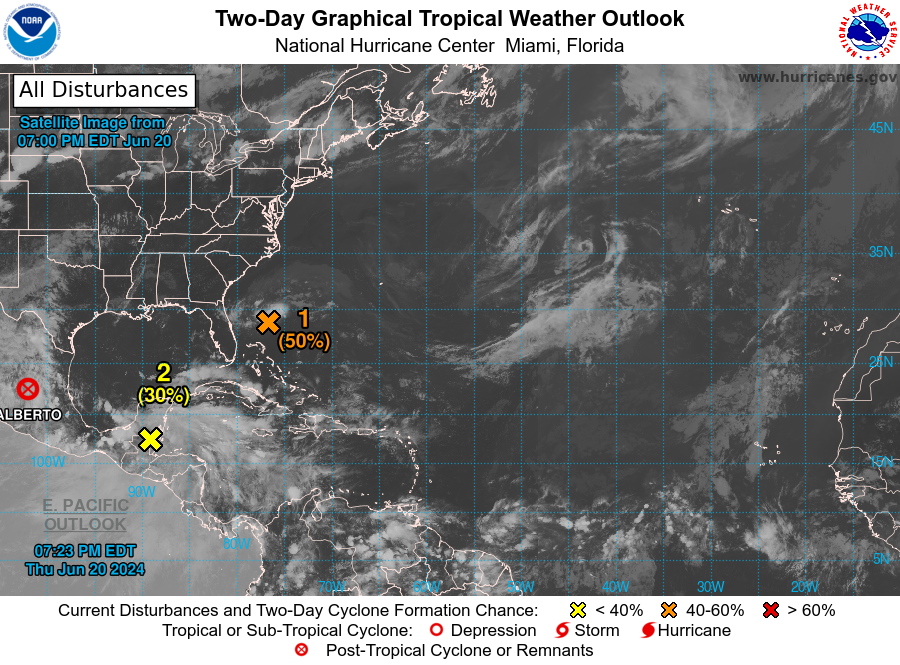
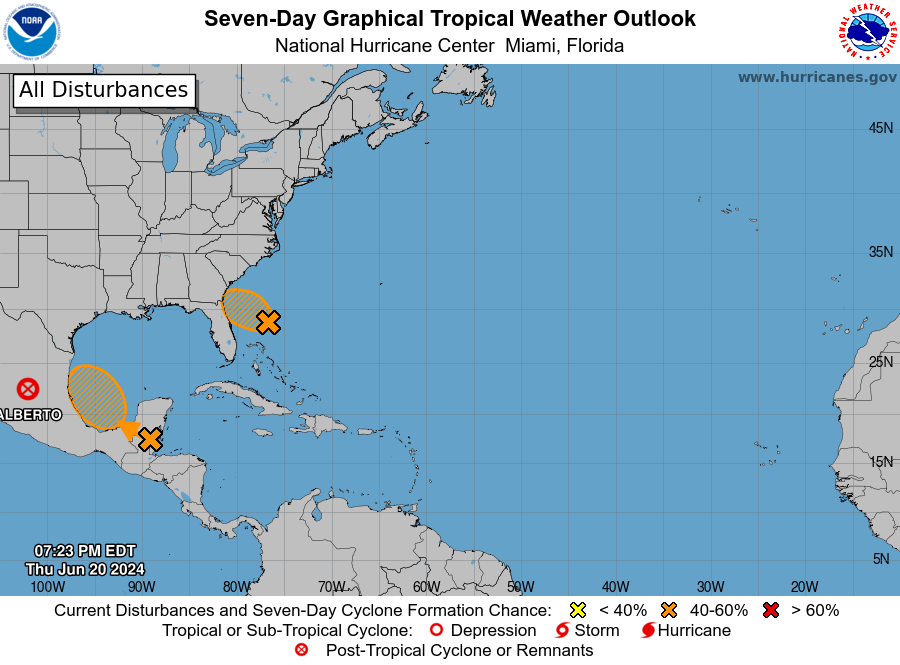
For the North Atlantic...Caribbean Sea and the Gulf of Mexico:

Active Systems: The National Hurricane Center has written the last advisory on the remnants of Alberto, which are located inland over northeastern Mexico.

1. Southwestern Atlantic Ocean (AL92): Satellite imagery shows that shower activity associated with the area of low pressure located about 175 miles north-northeast of the northern Bahamas has become a little better organized during the past 24 hours. However, earlier Air Force Reserve Hurricane Hunter aircraft data indicated that the system does not have a well-defined circulation. Environmental conditions remain marginally conducive for additional development and this system could become a tropical depression while the low moves west-northwestward at 10 to 15 mph. The system is expected to approach the northeastern coast of Florida or the Georgia coast early on Friday, and interests there should monitor the progress of the system. Another Air Force Reserve aircraft is scheduled to investigate the system on Friday morning, if necessary.
* Formation chance through 48 hours...medium...50 percent.
* Formation chance through 7 days...medium...50 percent.

2. Southwestern Gulf of Mexico: A broad area of low pressure is forecast to form over southeastern Mexico and northern Central America on Friday. Environmental conditions appear conducive for gradual development after this system moves over the Bay of Campeche on Saturday, and a tropical depression could form over the southwestern Gulf of Mexico this weekend while it moves slowly west-northwestward or northwestward.
* Formation chance through 48 hours...low...30 percent.
* Formation chance through 7 days...medium...60 percent.

Forecaster Beven